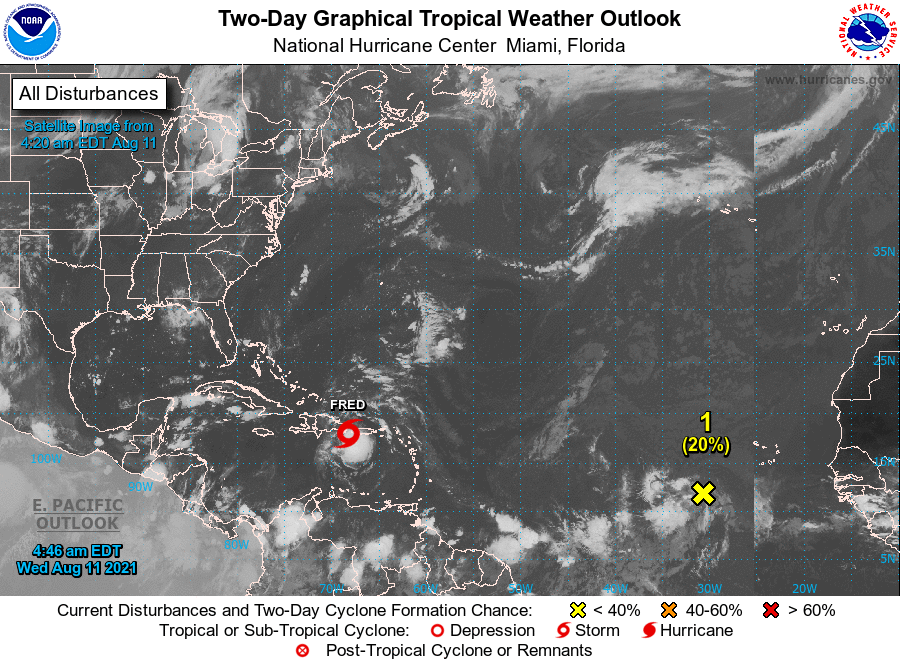
For the North Atlantic...Caribbean Sea and the Gulf of Mexico:

The National Hurricane Center is issuing advisories on recently upgraded Tropical Storm Fred, located just to the southwest of Puerto Rico.

1. A tropical wave located a few hundred miles southwest of the Cabo Verde Islands is producing showers and thunderstorms just to the west of its axis. Some gradual development is possible over the next several days while the system moves generally westward across the tropical Atlantic at near 20 mph.
* Formation chance through 48 hours...low...20 percent.
* Formation chance through 5 days...low...30 percent.

Forecaster Pasch